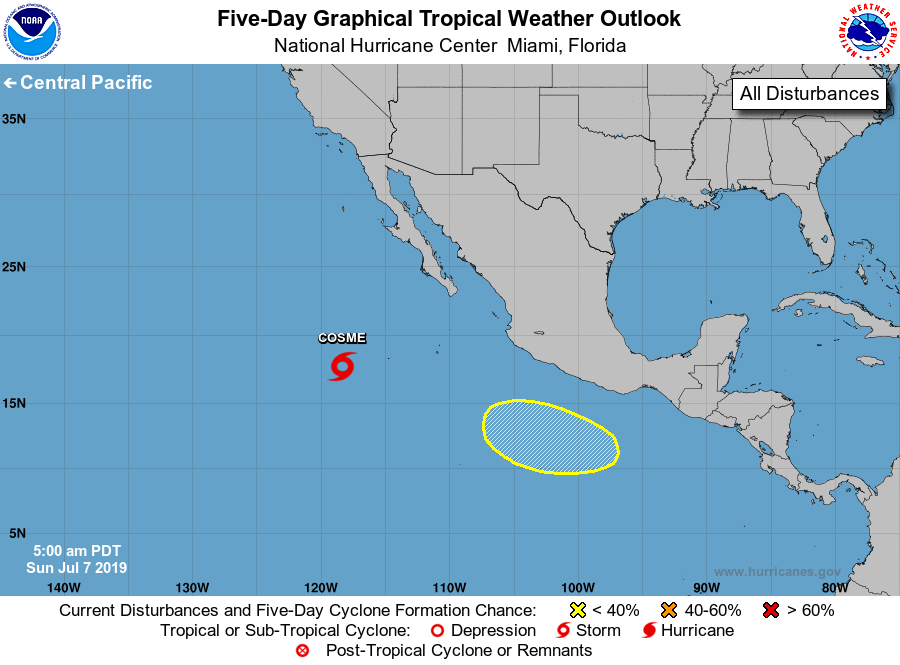
For the eastern North Pacific...east of 140 degrees west longitude:

The National Hurricane Center is issuing advisories on Tropical Storm Cosme, located several hundred miles southwest of the southern tip of the Baja California peninsula.

1. An area of low pressure is expected to form several hundred miles south of the southern coast of Mexico in a few days. Some slow development is possible thereafter while the system moves westward to west-northwestward.
* Formation chance through 48 hours...low...near 0 percent.
* Formation chance through 5 days...low...20 percent.

Forecaster Stewart